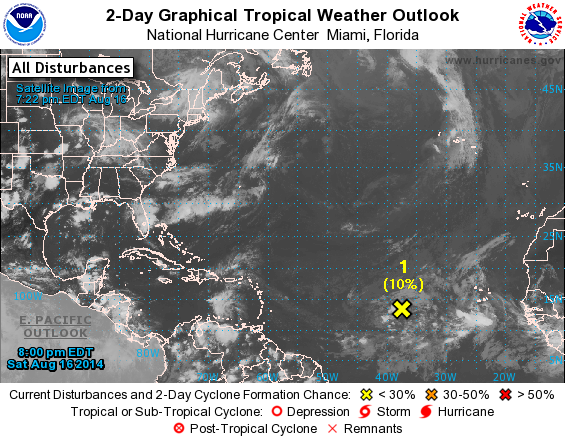
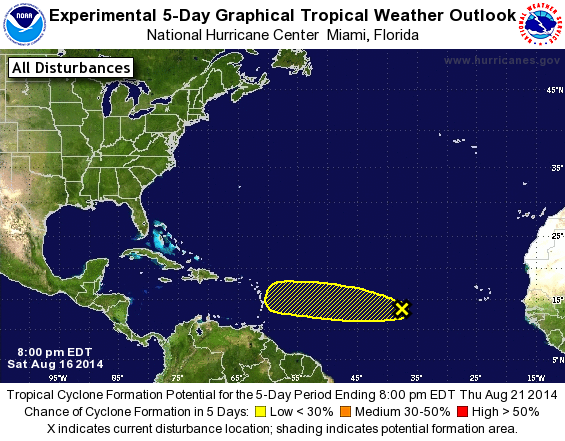
For the North Atlantic...Caribbean Sea and the Gulf of Mexico:

1. Shower and thunderstorm activity has developed in association with a broad area of low pressure located about 1000 miles west of the Cape Verde Islands. Some gradual development of this system is possible during the next few days while it begins to move slowly westward across the central tropical Atlantic.
* Formation chance through 48 hours...low...10 percent.
* Formation chance through 5 days...low...20 percent.

Forecaster Brennan